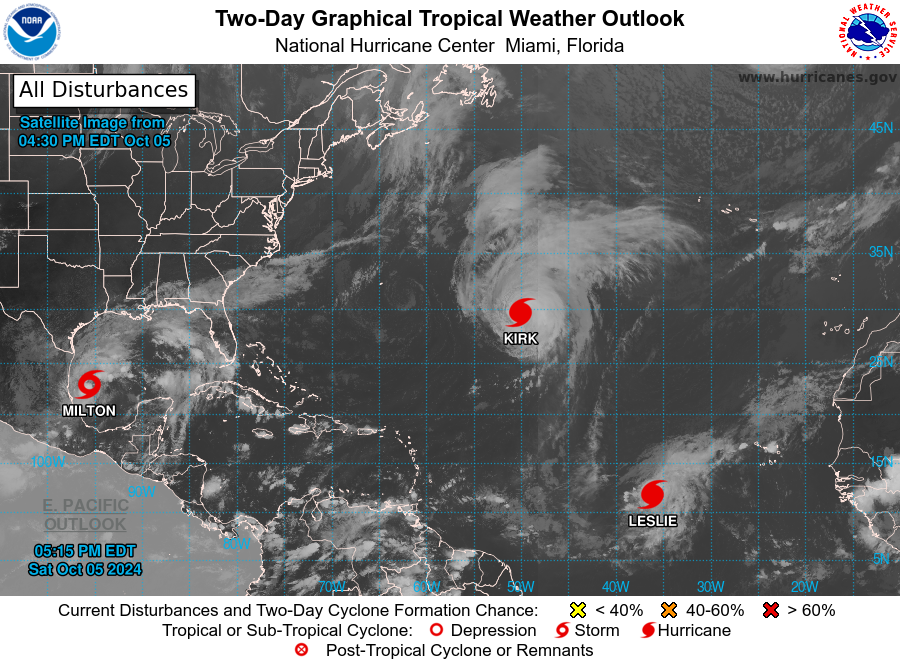
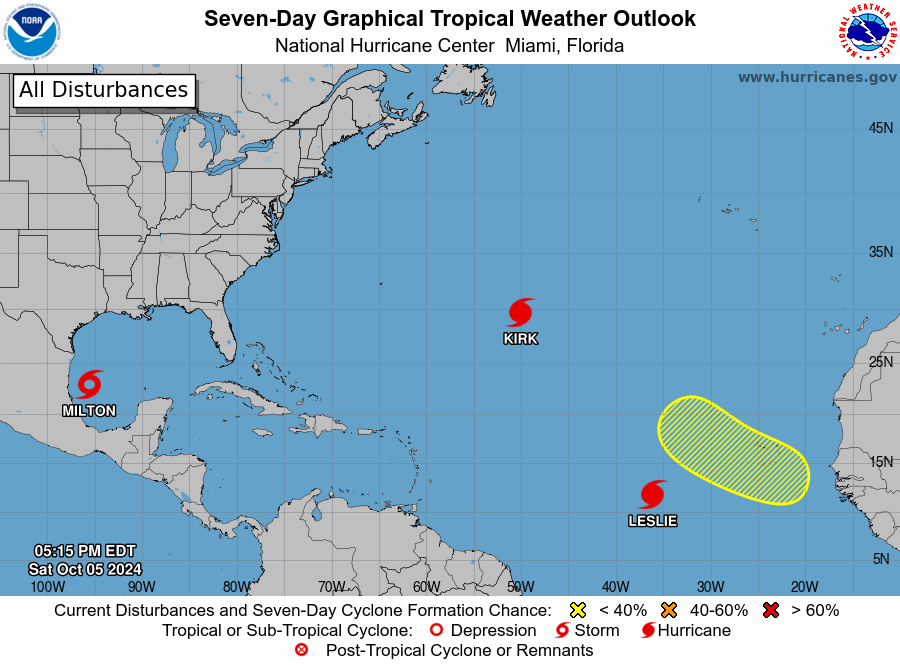
For the North Atlantic...Caribbean Sea and the Gulf of Mexico:

Active Systems: The National Hurricane Center is issuing advisories on Hurricane Kirk, located over the central subtropical Atlantic Ocean, and on Hurricane Leslie, located over the eastern tropical Atlantic Ocean, and on recently upgraded Tropical Storm Milton, located over the southwestern Gulf of Mexico.

1. Far Eastern Tropical Atlantic: A tropical wave is expected to move off the west coast of Africa on Monday or Tuesday. Some development of this system is possible thereafter while it moves westward or west-northwestward across the eastern tropical Atlantic. The system is expected to move near or over the Cabo Verde Islands on Wednesday and Thursday, and interests there should monitor its progress.
* Formation chance through 48 hours...low...near 0 percent.
* Formation chance through 7 days...low...30 percent.

Public Advisories on Tropical Storm Milton are issued under WMO header WTNT34 KNHC and under AWIPS header MIATCPAT4. Forecast/Advisories on Tropical Storm Milton are issued under WMO header WTNT24 KNHC and under AWIPS header MIATCMAT4.

Forecaster Kelly